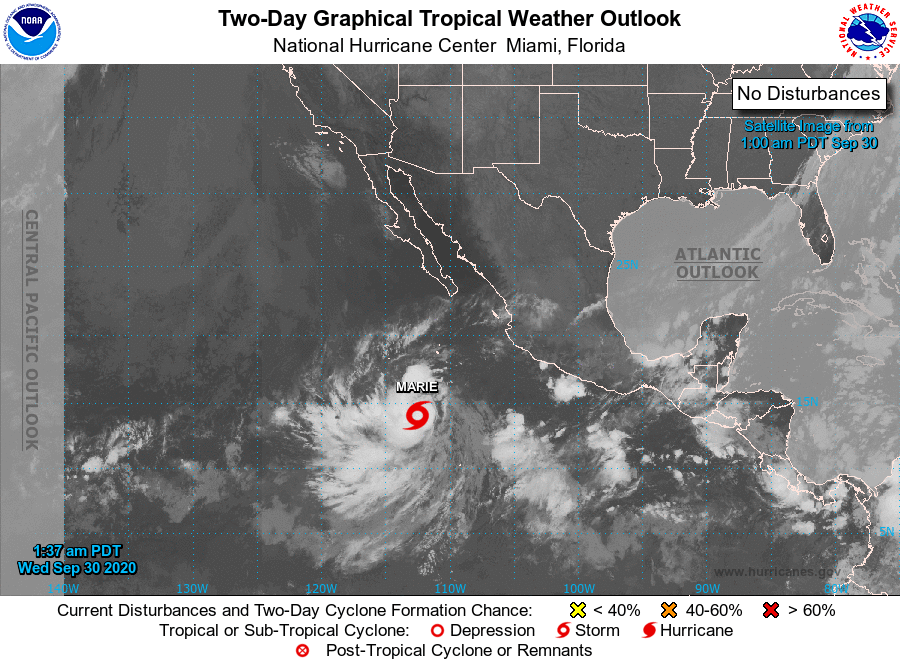
For the eastern North Pacific...east of 140 degrees west longitude:

The National Hurricane Center is issuing advisories on Tropical Storm Marie, located several hundred miles south of the southern tip of the Baja California peninsula.

1. An area of low pressure could form a few hundred miles south of the coast of southwestern Mexico in a few days. Thereafter, some slow development is possible over the weekend while the system moves west-northwestward at 5 to 10 mph.
* Formation chance through 48 hours...low...near 0 percent.
* Formation chance through 5 days...low...20 percent.

Public Advisories on Marie are issued under WMO header WTPZ33 KNHC and under AWIPS header MIATCPEP3. Forecast/Advisories on Marie are issued under WMO header WTPZ23 KNHC and under AWIPS header MIATCMEP3.

Forecaster Brown